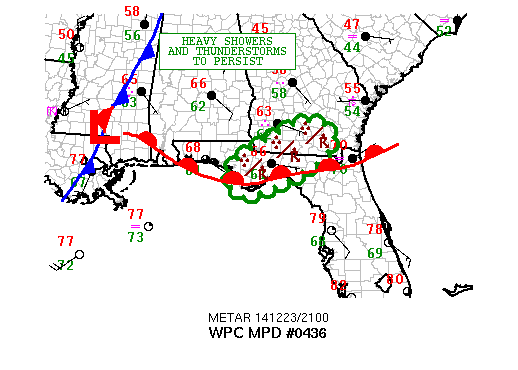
AREAS AFFECTED...WESTERN FL...SOUTHERN GA

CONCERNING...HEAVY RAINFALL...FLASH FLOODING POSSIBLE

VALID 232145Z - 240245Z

SUMMARY...PERSISTENT AND REPEATING CLUSTERS OF VERY HEAVY SHOWERS
AND THUNDERSTORMS MAY RESULT IN SOME FLASH FLOODING THROUGH THE
EVENING.

DISCUSSION...THE LATEST IR SAT IMAGERY SHOWS VERY COLD-TOPPED
CONVECTION OVER PORTIONS OF THE FL PANHANDLE AND ESPECIALLY
FURTHER SOUTH OUT OVER THE NORTHERN GULF OF MEXICO. ALL OF THE
ACTIVITY IS FOCUSED WITHIN A STRONG WARM ADVECTION PATTERN WITH
NEARLY 50 KTS OF LOW LEVEL JET ENERGY INTERACTING WITH A FRONTAL
ZONE LIFTING SLOWLY NORTH ACROSS THE EASTERN GULF COAST STATES.
ALL THE WHILE...A SHORTWAVE TROUGH APPROACHING THE LOWER MS VALLEY
IS FOSTERING INCREASINGLY STRONG LARGE SCALE ASCENT.

OVER THE NEXT FEW HOURS...THE ONGOING CONVECTION MAY TEND TO
INCREASE IN COVERAGE AND INTENSITY OWING TO THE APPROACH OF THE
AFOREMENTIONED SHORTWAVE...BUT ALSO TO INCREASINGLY STRONG
MOISTURE TRANSPORT. THE LATEST SREF MEAN MOISTURE FLUX ANOMALIES
IN THE 850MB TO 700MB LAYER ARE FORECAST TO INCREASE TO OVER 4 STD
DEV ABOVE NORMAL BY 00Z WHICH WILL DRIVE THE POTENTIAL FOR EVEN
HEAVIER RAINFALL RATES THAN WHAT HAS BEEN ALREADY OBSERVED TODAY.
THE PERSISTENT AND EXPECTED CONCENTRATED NATURE OF THE CONVECTION
WILL LIKELY FAVOR SHORT-TERM CONCERNS FOR SOME FLASH
FLOODING...ESPECIALLY WHERE EARLIER RAINS HAVE SATURATED THE
GROUND.

THE 12Z ARW AND 12Z NMMB APPEAR TO GENERALLY HAVE THE BEST HANDLE
ON THE ONGOING CONVECTION INVOLVING THE FL PANHANDLE...AND SUGGEST
THE POTENTIAL FOR 2 TO 4 INCHES OF ADDITIONAL RAIN WITH ISOLATED
HEAVIER AMOUNTS THROUGH THE MID-EVENING HOURS. WILL CONTINUE TO
MONITOR.